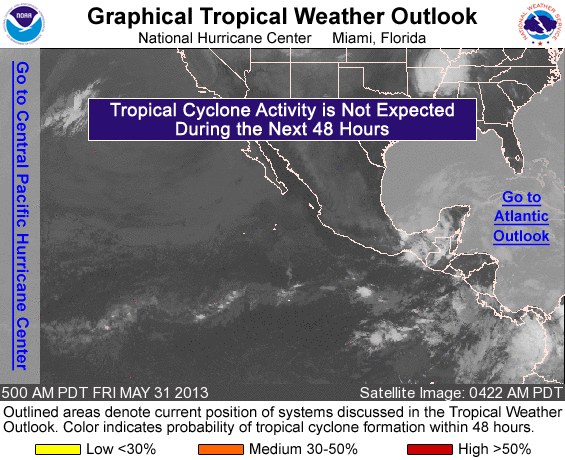
FOR THE EASTERN NORTH PACIFIC...EAST OF 140 DEGREES WEST LONGITUDE..

TROPICAL CYCLONE FORMATION IS NOT EXPECTED DURING THE NEXT 48 HOURS.

FORECASTER CANGIALOSI